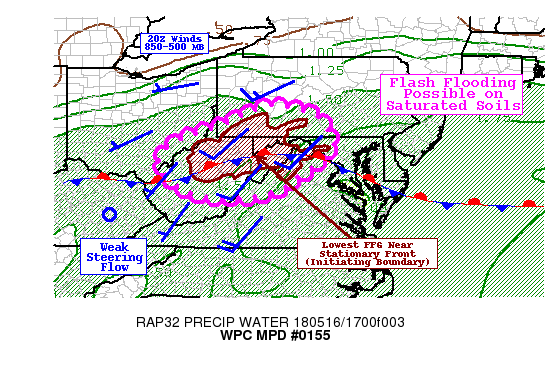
AREAS AFFECTED...WV...SW/SC PA...WRN MD...NW VA...FAR SE OH

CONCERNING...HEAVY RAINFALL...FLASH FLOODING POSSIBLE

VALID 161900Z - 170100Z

SUMMARY...SCATTERED HEAVY RAIN SHOWERS AND THUNDERSTORMS MAY LEAD
TO FLASH FLOODING ACROSS PORTIONS OF THE CENTRAL APPALACHIANS
WHERE SOILS ARE NEARLY SATURATED ALREADY DUE TO RECENT RAINFALL.
HOURLY RAIN RATES COULD EXCEED 1 IN/HR IN THE HEAVIEST RAIN BANDS.

DISCUSSION...REGIONAL RADARS AT 1830Z SHOWED INDICATIONS OF
LOW-TOPPED CONVECTION BEGINNING TO INITIATE NEAR A STATIONARY
FRONT DRAPED ACROSS WEST VIRGINIA. MOST OF THIS CONVECTION HAD 30
DBZ ECHO TOPS BELOW 20000 FEET...AND THIS MAKES SENSE BASED ON RAP
FORECAST SOUNDINGS THAT SHOW MOST OF THE AVAILABLE CAPE (AROUND
500-1000 J/KG IN TOTAL) SITUATED BELOW THE -10C LAYER. THIS
INSTABILITY SHOULD BE JUST STRONG ENOUGH TO PROMOTE ORGANIZED
CONVECTIVE BANDS...BUT THE LIMITED CAPE ABOVE -10C MAY LIMIT
LIGHTNING ACTIVITY. NEVERTHELESS... WITH PRECIPITABLE WATER VALUES
AROUND 1.5 INCHES (PER CIRA BLENDED TPW AND GPS-PW OBSERVATIONS)
THE LOW-TOPPED CONVECTION SHOULD BE CAPABLE OF PRODUCING SOME
HEAVY RAINFALL. THESE PWATS ARE ABOVE THE 99TH PERCENTILE FOR MAY
IN THE CENTRAL APPALACHIANS.

IN ADDITION TO THE ANOMALOUSLY HIGH ATMOSPHERIC MOISTURE
CONTENT... THE COMBINATION OF WEAK STEERING FLOW AND RECENT HEAVY
RAINFALL SHOULD LEAD TO A THREAT OF FLASH FLOODING ACROSS THE
REGION. WINDS IN THE LAYER WITH THE MOST CAPE (850-500MB) ARE
RATHER WEAK ACROSS THE REGION AND ARE GENERALLY OUT OF THE
SOUTHWEST AT AROUND 5-10 KNOTS. THIS SUGGESTS THAT CONVECTION WILL
NOT ONLY BE SLOW-MOVING... BUT MAY BE ABLE TO MOVE NEARLY PARALLEL
TO PORTIONS OF THE MEANDERING STATIONARY FRONT (AND THUS SET UP
TRAINING). HOWEVER... EVEN IN THE ABSENCE OF SUBSTANTIAL
TRAINING... THE CONVECTION SHOULD BE MOVING SLOW ENOUGH THAT 1
IN/HR RAIN RATES WOULD STILL BE ACHIEVABLE. FURTHERMORE...MUCH OF
NORTHERN WEST VIRGINIA... SOUTHWEST PENNSYLVANIA... AND THE
PANHANDLE OF MARYLAND HAVE EXTREMELY LOW FLASH FLOOD GUIDANCE AND
VERY ELEVATED STREAMFLOW AND SOIL MOISTURE. THIS INDICATES A
FAVORABLE ANTECEDENT ENVIRONMENT FOR FLASH FLOODING... AND IT MAY
NOT TAKE SUSTAINED HEAVY RAIN OVER SEVERAL HOURS TO PRODUCE
FLOODING.

GIVEN THE EXPECTATION FOR LOW-ECHO CENTROID NATURE OF
CONVECTION...RADARS MAY HAVE A TENDENCY TO UNDERESTIMATE RAIN
RATES...PARTICULARLY MORE THAN 60NM FROM THE RADAR SITE WHERE THE
0.5 DEGREE BEAM HEIGHT WILL GENERALLY NOT SAMPLE BELOW 6000 FT.
THIS WOULD POTENTIALLY BE A GREATER ISSUE IN EASTERN WV... THE WV
PANHANDLE... AND EXTREME WESTERN MD.